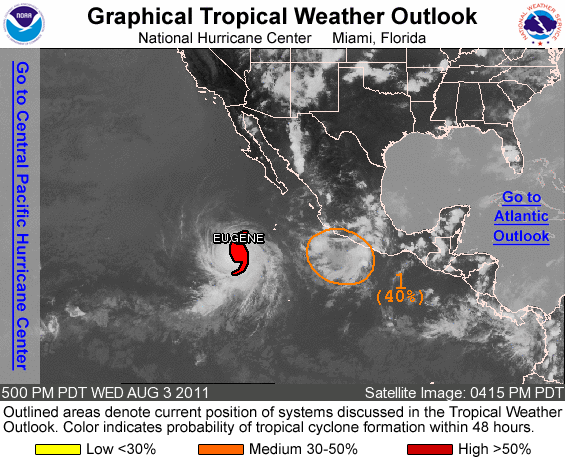
FOR THE EASTERN NORTH PACIFIC...EAST OF 140 DEGREES WEST LONGITUDE..

THE NATIONAL HURRICANE CENTER IS ISSUING ADVISORIES ON HURRICANE EUGENE...LOCATED ABOUT 595 MILES SOUTHWEST OF THE SOUTHERN TIP OF BAJA CALIFORNIA.

1. SHOWERS AND THUNDERSTORMS REMAIN DISORGANIZED IN ASSOCIATION WITH A LOW PRESSURE SYSTEM LOCATED ABOUT 150 MILES SOUTH-SOUTHEAST OF ACAPULCO MEXICO. DEVELOPMENT OF THIS SYSTEM APPEARS LESS LIKELY AS UPPER-LEVEL WINDS ARE NOT EXPECTED TO BE PARTICULARLY CONDUCIVE FOR TROPICAL CYCLONE FORMATION. THIS SYSTEM HAS A MEDIUM CHANCE...40 PERCENT...OF BECOMING A TROPICAL CYCLONE DURING THE NEXT 48 HOURS AS IT MOVES WEST-NORTHWESTWARD NEAR 10 MPH.

ELSEWHERE...TROPICAL CYCLONE FORMATION IS NOT EXPECTED DURING THE NEXT 48 HOURS.

FORECASTER CANGIALOSI